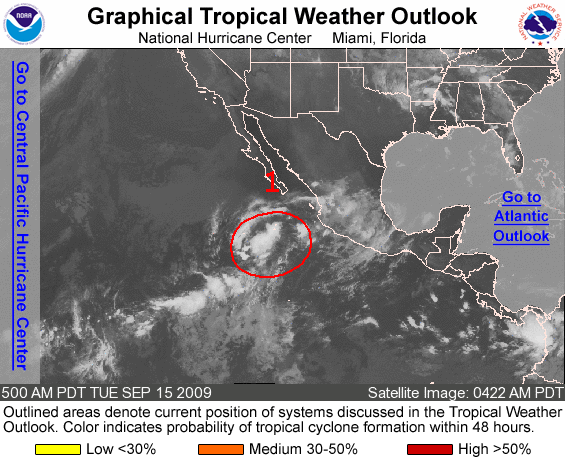
FOR THE EASTERN NORTH PACIFIC...EAST OF 140 DEGREES WEST LONGITUDE..

1. SHOWERS AND THUNDERSTORMS ASSOCIATED WITH THE BROAD AREA OF LOW PRESSURE LOCATED ABOUT 425 MILES SOUTH OF SOUTHERN TIP OF BAJA CALIFORNIA REMAIN DISORGANIZED THIS MORNING. ENVIRONMENTAL CONDITIONS STILL APPEAR FAVORABLE FOR DEVELOPMENT...AND A TROPICAL DEPRESSION COULD FORM DURING THE NEXT DAY OR TWO AS THIS SYSTEM MOVES WEST-NORTHWESTWARD AT 10 TO 15 MPH. THERE IS A HIGH CHANCE...GREATER THAN 50 PERCENT...OF THIS SYSTEM BECOMING A TROPICAL CYCLONE DURING THE NEXT 48 HOURS.

ELSEWHERE...TROPICAL CYCLONE FORMATION IS NOT EXPECTED DURING THE NEXT 48 HOURS.

FORECASTER BROWN